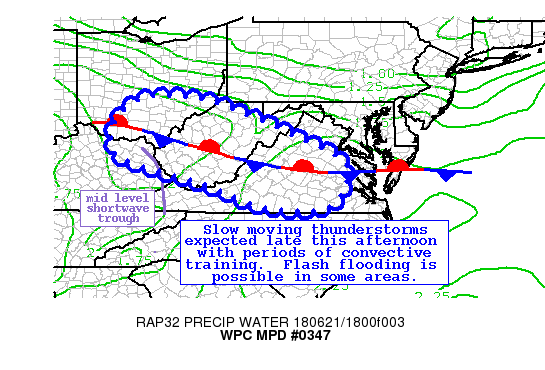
AREAS AFFECTED...EASTERN KY...SOUTHEAST OH...CENTRAL WV...WESTERN
VA

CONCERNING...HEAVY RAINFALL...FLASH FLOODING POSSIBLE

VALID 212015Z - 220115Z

SUMMARY...CONVECTION IS EXPECTED TO INCREASE IN COVERAGE LATE THIS
AFTERNOON AND INTO THE EVENING IN THE VICINITY OF A
QUASI-STATIONARY FRONT.  SOME AREAS WILL LIKELY HAVE REPEATED
ROUNDS OF STORMS THAT COULD LEAD TO LOCALIZED FLASH FLOODING.

DISCUSSION...A SUSTAINED INFLUX OF DEEP MOISTURE INTERSECTING A
STALLED FRONTAL BOUNDARY IS SUPPORTING THE DEVELOPMENT OF NUMEROUS
SHOWERS AND STORMS THIS AFTERNOON.  GOES 16 INFRARED SATELLITE
IMAGERY IS SHOWING EXPANDING CLOUD TOP COOLING THAT IS INDICATIVE
OF STRONGER UPDRAFTS WITH THE CONVECTION.  THE LATEST RAP ANALYSIS
IS INDICATING A CORRIDOR OF 1.9 TO 2.2 INCH PWS EXTENDING TO THE
INTERSTATE 64 CORRIDOR, WHICH IS PLENTY TO FUEL HEAVY DOWNPOURS
WITH THE SLOW MOVING STORMS.  THE 12Z ROANOKE RAOB INDICATED
NEARLY UNIDIRECTIONAL WINDS THROUGH MUCH OF THE LOWER TO MIDDLE
TROPOSPHERE WHICH SUPPORTS SOME BACKBUILDING POTENTIAL.  A MODEST
SHORTWAVE TROUGH AT MID LEVELS OVER THE CENTRAL APPALACHIANS IS
ALSO HELPING PROMOTE ASCENT OVER THE REGION.

THE LATEST HIGH RES GUIDANCE CONTINUES TO BE CONSISTENT IN
DEPICTING SCATTERED 2 TO 4 INCH RAINFALL AMOUNTS THROUGH 9 PM
LOCAL TIME, ESPECIALLY ACROSS CENTRAL WEST VIRGINIA AND OVER THE
MOUNTAINOUS AREAS OF WEST-CENTRAL VIRGINIA.  FLASH FLOOD GUIDANCE
IS LOWER ACROSS THE SHENANDOAH VALLEY AND INTO THE NORTHERN HALF
OF VIRGINIA OWING TO HEAVY RAINFALL YESTERDAY.  LOCALIZED FLASH
FLOODING IS POSSIBLE, ESPECIALLY OVER MORE MOUNTAINOUS TERRAIN.